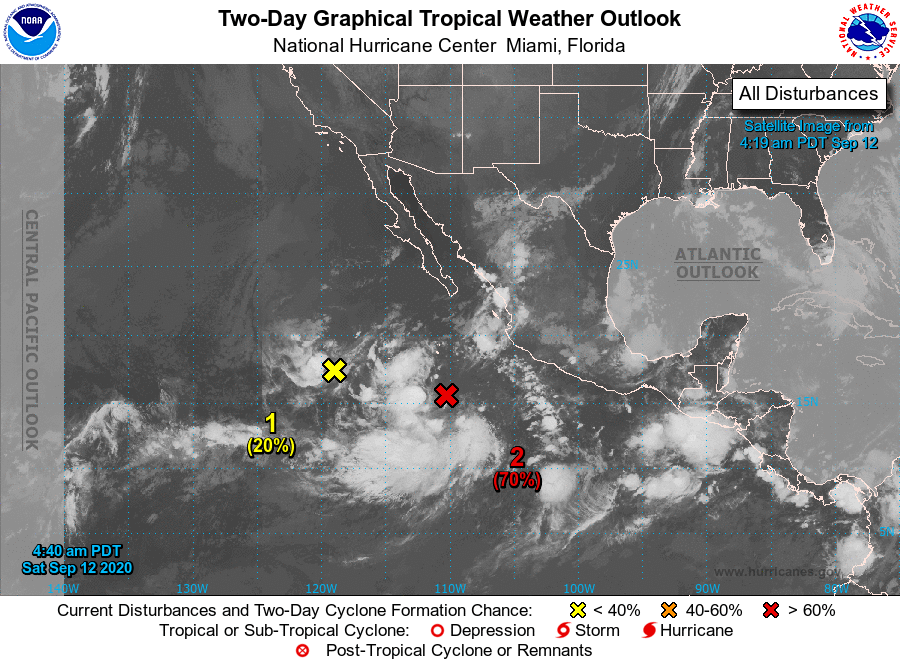
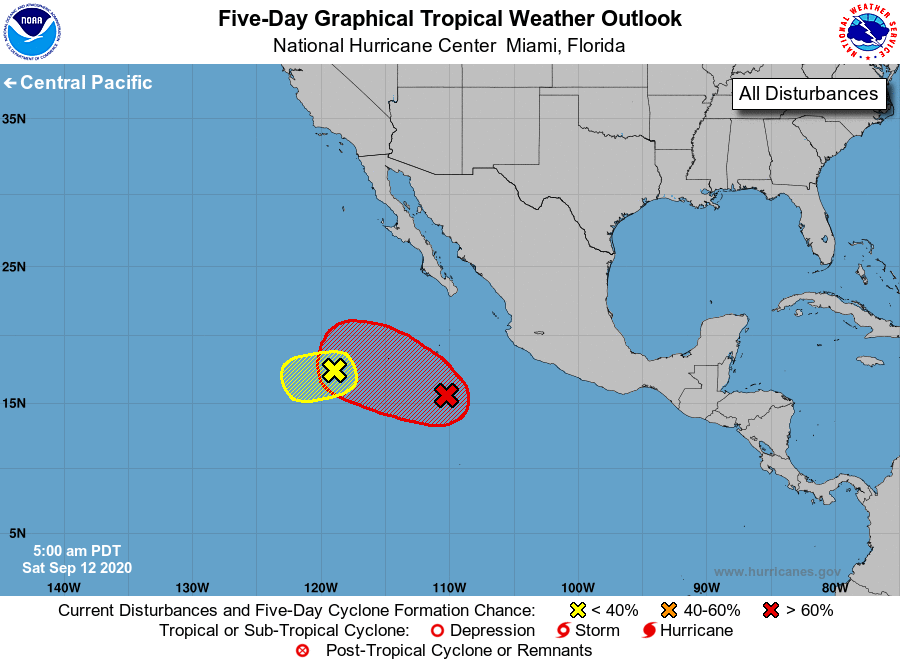
For the eastern North Pacific...east of 140 degrees west longitude:

1. An area of low pressure located about 700 miles west-southwest of the southern tip of the Baja California peninsula is producing disorganized showers and thunderstorms. Some slight development of this system is possible during the next day or two before it interacts with, and is possibly absorbed by, a larger weather disturbance to its east-southeast.
* Formation chance through 48 hours...low...20 percent.
* Formation chance through 5 days...low...20 percent.

2. Another area of low pressure is located several hundred miles southwest of the coast of southwestern Mexico. This system is producing a large area of disorganized showers and thunderstorms well to the west of the center of the low. Environmental conditions appear conducive for development, and a tropical depression is likely to form over the weekend or early next week while the system moves west-northwestward at 10 to 15 mph away from the coast of Mexico.
* Formation chance through 48 hours...high..70 percent.
* Formation chance through 5 days...high...80 percent.

Forecaster Latto